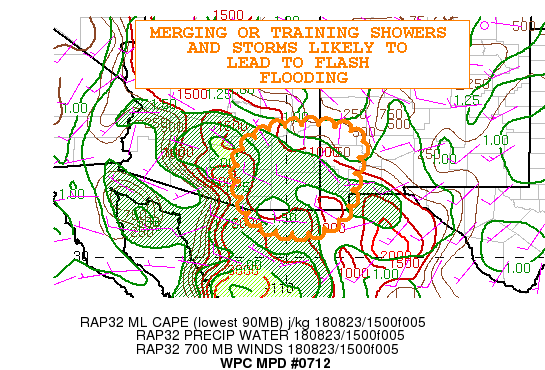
Areas affected......Southeast Arizona to Southwest NM...

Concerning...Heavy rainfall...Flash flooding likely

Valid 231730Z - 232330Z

Summary...Convection expected to continue increasing in coverage
this afternoon in southeast Arizona to southwest NM, with a flash
flood threat from cell mergers and localized training.

Discussion...Regional radars indicated an increase in
showers/storms in southeast Arizona. The storms are developing in
an axis of 1500-2000 J/KG of MLCAPE in the 16z RAP mesoanalysis.
Upper level divergence on the periphery of the upper level ridge
is shown in the RAP analysis over the next several hours.

The storms are aligned with a moisture axis extending across
southern AZ with the 12z Tucson sounding showing deep moisture and
an estimated precipitable water of 1.78 inches, which is well
above normal.  The sounding showed no cap, so convection has
started early today.

The storms should move slowly northeast and localized cell mergers
and/or training should lead to local heavy rainfall amounts and
resultant flash flooding in areas with rapid runoff, like canyons,
urban locations, and burn scars.

The high res model runs have been indicating 1 to 3 inches of
rain, with the 16z High res rapid refresh showing one isolated
maxima to 4 inches.
The flash flood guidance is 1.5-2 inches in 3 hours, with should
be exceeded where extended thunderstorm activity occurs.